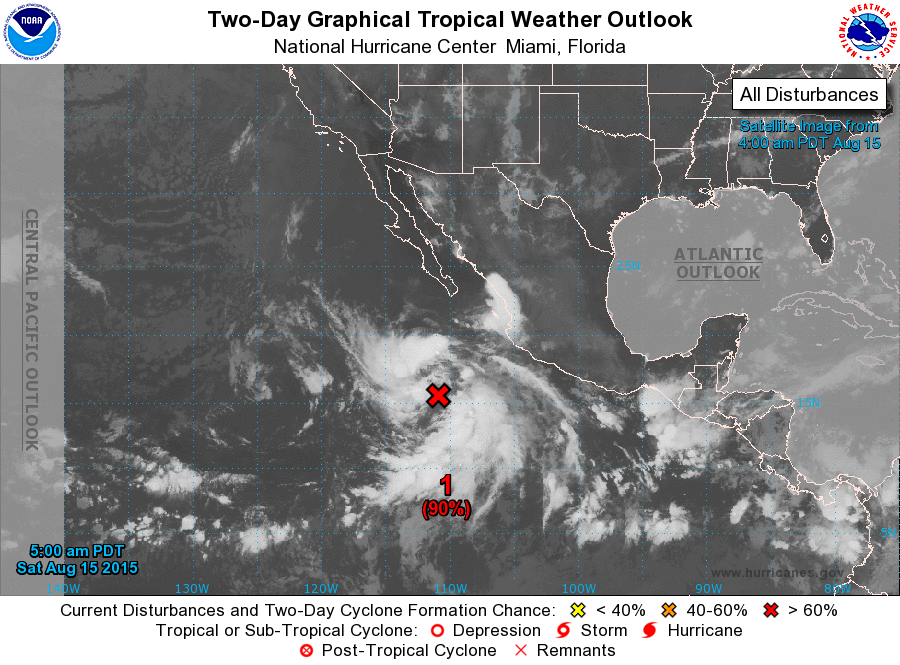
For the eastern North Pacific...east of 140 degrees west longitude:

1. Showers and thunderstorms associated with an area of low pressure centered about 500 miles south-southwest of the southern tip of the Baja California peninsula continue to show signs of organization. Environmental conditions are favorable for a tropical depression to form later today or Sunday while the system moves west-northwestward at 10 to 15 mph away from the coast of Mexico. By Monday, conditions are expected to become less conducive for development.
* Formation chance through 48 hours...high...90 percent
* Formation chance through 5 days...high...90 percent

Forecaster Avila